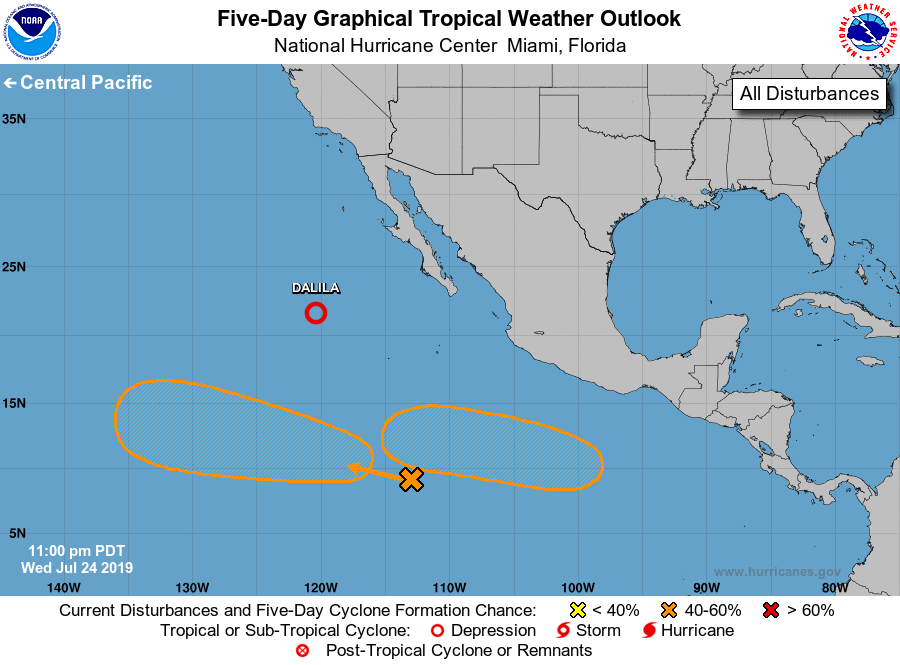
For the eastern North Pacific...east of 140 degrees west longitude:

The National Hurricane Center is issuing advisories on Tropical Depression Dalila, located several hundred miles west-southwest of the southern tip of the Baja California peninsula.

1. A tropical wave located about a thousand miles south-southwest of the southern tip of the Baja California peninsula is producing a broad area of cloudiness and disorganized showers. Upper-level winds are expected to become more conducive for development during the next few days, and a tropical depression could form over the weekend or early next week while the disturbance moves westward to west-northwestward at 10 to 15 mph.
* Formation chance through 48 hours...low...20 percent.
* Formation chance through 5 days...medium...50 percent.

2. An area of low pressure is expected to form a few hundred miles south of the coast of southern Mexico by the end of the week. Some gradual development of the low is expected thereafter, and a tropical depression could form by early next week while the system moves generally westward at 15 to 20 mph.
* Formation chance through 48 hours...low...near 0 percent.
* Formation chance through 5 days...medium...40 percent.

Forecaster Stewart